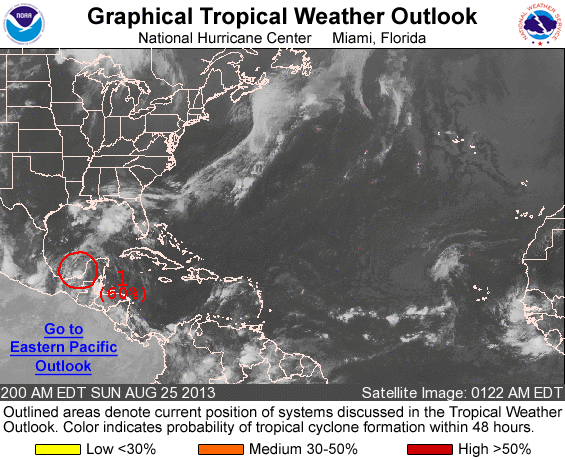
FOR THE NORTH ATLANTIC...CARIBBEAN SEA AND THE GULF OF MEXICO...

1. A LOW PRESSURE SYSTEM ASSOCIATED WITH A TROPICAL WAVE IS MOVING OFF THE YUCATAN COAST OF MEXICO INTO THE SOUTHERN BAY OF CAMPECHE. THIS SYSTEM IS PRODUCING A LARGE AREA OF DISTURBED WEATHER...BUT NEW SHOWERS AND THUNDERSTORMS APPEAR TO BE FORMING NEAR THE CENTER OF CIRCULATION. THE LOW SHOULD REMAIN OVER WATER WHILE MOVING WEST-NORTHWESTWARD AT ABOUT 10 MPH...AND ENVIRONMENTAL CONDITIONS ARE CONDUCIVE FOR THE DEVELOPMENT OF A TROPICAL DEPRESSION BEFORE IT REACHES THE COAST OF THE STATE OF VERACRUZ MEXICO ON MONDAY. THIS SYSTEM HAS A HIGH CHANCE...60 PERCENT...OF BECOMING A TROPICAL CYCLONE DURING THE NEXT 48 HOURS...AND A HIGH CHANCE...60 PERCENT...OF BECOMING A TROPICAL CYCLONE DURING THE NEXT 5 DAYS. AN AIR FORCE PLANE IS SCHEDULED TO INVESTIGATE THE SYSTEM THIS AFTERNOON...IF NECESSARY.

FIVE-DAY FORMATION PROBABILITIES ARE EXPERIMENTAL IN 2013. COMMENTS ON THE EXPERIMENTAL FORECASTS CAN BE PROVIDED AT...

HTTP://WWW.NWS.NOAA.GOV/SURVEY/NWS-SURVEY.PHP?CODE=ETWO

FORECASTER BERG